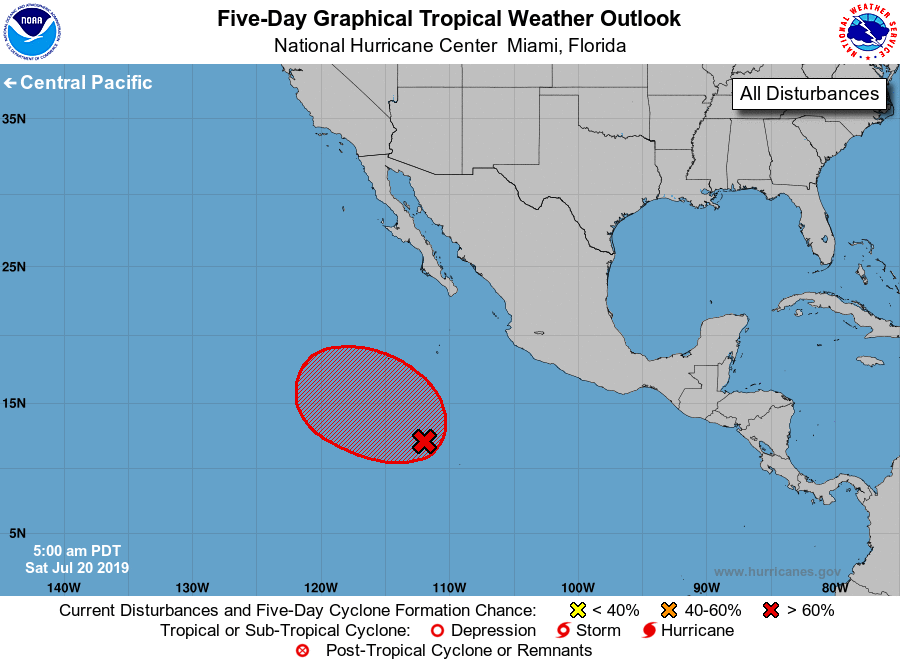
For the eastern North Pacific...east of 140 degrees west longitude:

1. A large area of disturbed weather is located several hundred miles south-southwest of the southern tip of the Baja California peninsula. Environmental conditions are expected to be conducive for development, and a tropical depression is likely to form within the next few days as it moves west-northwestward away from the coast of Mexico.
* Formation chance through 48 hours...medium...40 percent.
* Formation chance through 5 days...high...80 percent.

Forecaster Latto/Pasch